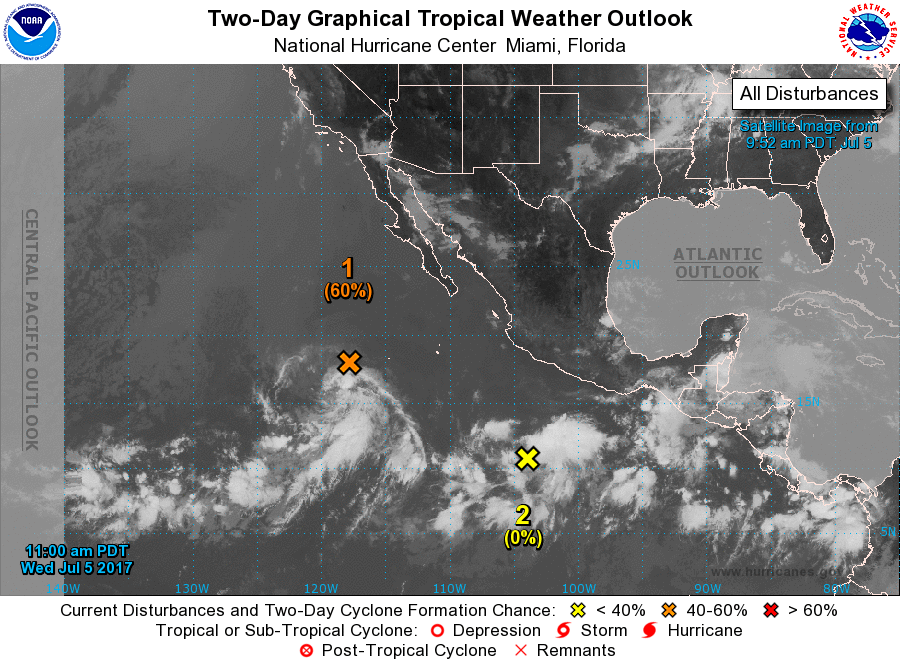
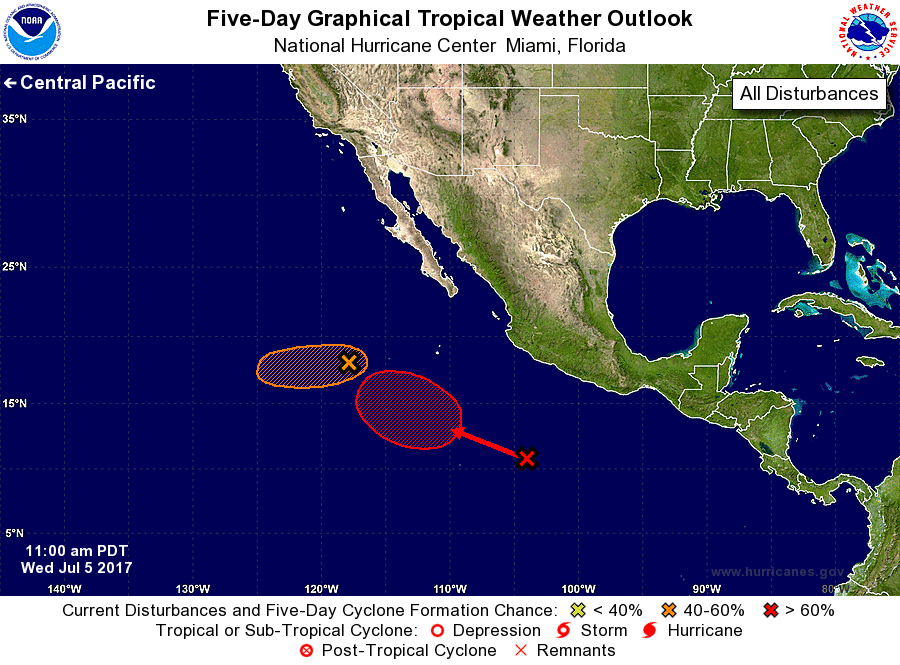
For the eastern North Pacific...east of 140 degrees west longitude:

1. Showers and thunderstorms have decreased during the past several hours in association with a low pressure system located about 600 miles southwest of the Baja California peninsula. This low is beginning to move into less favorable environmental conditions, and the chances of this system becoming a tropical depression are decreasing. The low is expected to move westward at 10 to 15 mph during the next few days.
* Formation chance through 48 hours...medium...60 percent.
* Formation chance through 5 days...medium...60 percent.

2. A broad area of low pressure located several hundred miles south of Manzanillo, Mexico, is producing disorganized showers and thunderstorms. Environmental conditions are forecast to be favorable for gradual development, and this system is likely to become a tropical depression this weekend while the disturbance moves generally westward to west-northwestward at about 10 mph.
* Formation chance through 48 hours...low...near 0 percent.
* Formation chance through 5 days...high...70 percent.

Forecaster Cangialosi